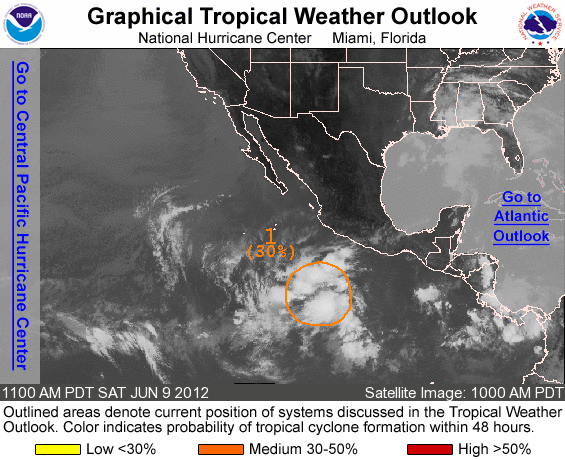
FOR THE EASTERN NORTH PACIFIC...EAST OF 140 DEGREES WEST LONGITUDE..

1. SHOWERS AND THUNDERSTORMS HAVE BECOME BETTER ORGANIZED IN ASSOCIATION WITH A BROAD AREA OF LOW PRESSURE LOCATED ABOUT 600 MILES SOUTH OF MANZANILLO MEXICO. FURTHER DEVELOPMENT OF THIS SYSTEM IS POSSIBLE DURING THE NEXT COUPLE OF DAYS AS IT MOVES WEST- NORTHWESTWARD AT 10 TO 15 MPH. THIS SYSTEM HAS A MEDIUM CHANCE... 30 PERCENT...OF BECOMING A TROPICAL CYCLONE DURING THE NEXT 48 HOURS.

ELSEWHERE...TROPICAL CYCLONE FORMATION IS NOT EXPECTED DURING THE NEXT 48 HOURS.

FORECASTER BLAKE